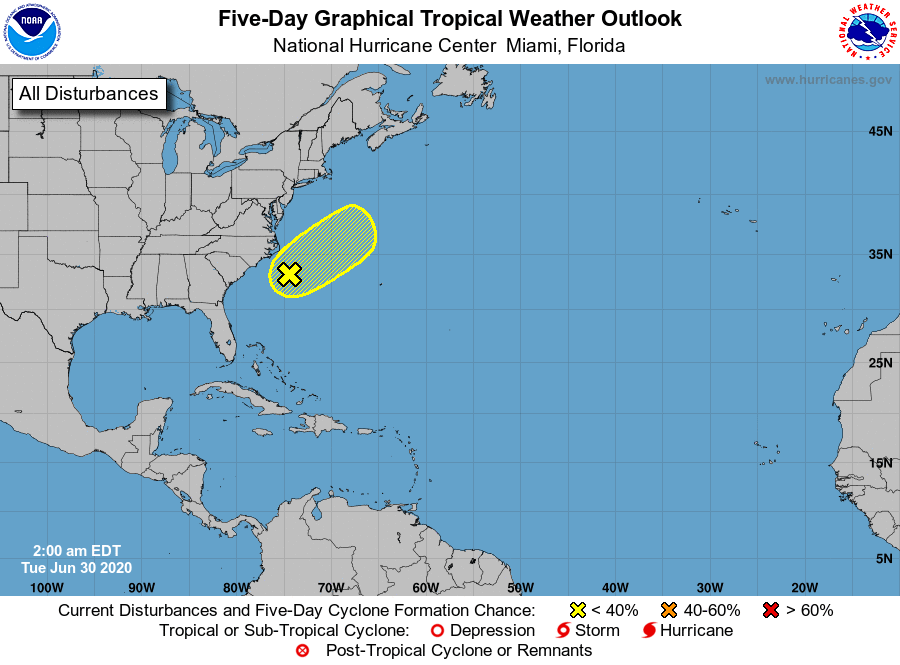
For the North Atlantic...Caribbean Sea and the Gulf of Mexico:

1. A trough of low pressure is located off the coast of North Carolina. Significant development of this system is not anticipated while it moves generally northeastward, away from the east coast of the United States and merges with a frontal boundary.
* Formation chance through 48 hours...low...10 percent.
* Formation chance through 5 days...low...10 percent.

Forecaster Zelinsky